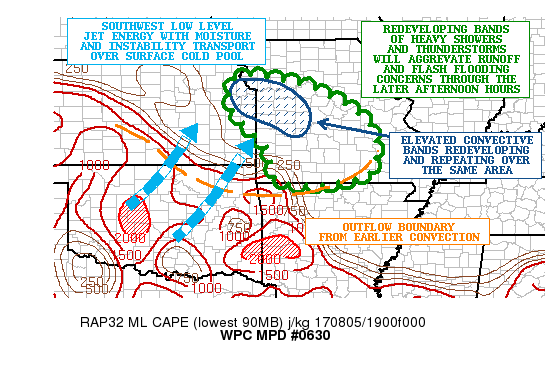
AREAS AFFECTED...FAR EASTERN KS...WEST-CENTRAL/SOUTHERN MO

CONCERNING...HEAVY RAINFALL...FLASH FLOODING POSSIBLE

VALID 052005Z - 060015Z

SUMMARY...REDEVELOPING SHOWERS AND THUNDERSTORMS ARE EXPECTED OVER
AREAS THAT HAVE ALL READY SEEN HEAVY RAINFALL TODAY. THIS IS
EXPECTED TO RESULT IN ADDITIONAL FLASH FLOODING GIVEN THE LOCALLY
SATURATED SOIL CONDITIONS.

DISCUSSION...THE LATEST RADAR IMAGERY IS SHOWING A REDEVELOPMENT
OF SHOWERS AND THUNDERSTORMS ACROSS PARTS OF FAR EASTERN KS AND
WEST-CENTRAL MO ON THE HEELS OF THE EARLIER MCS THAT DROVE
EAST-SOUTHEAST THIS MORNING THROUGH MIDDAY ACROSS EASTERN KS AND
DOWN INTO SOUTHWEST MO. THE LATEST SURFACE OBSERVATIONS SHOW A
WELL-DEFINED COLD POOL OVER THE REGION...BUT GOES-WV IMAGERY IS
SHOWING THE APPROACH OF AN UPSTREAM SHORTWAVE WHICH IS ENHANCING
THE SOUTHWESTERLY WARM AIR ADVECTION OVER THE COLD POOL...LEADING
TO ISENTROPIC ASCENT. THIS COUPLED WITH A WELL-DEFINED NOSE OF
ELEVATED INSTABILITY AND THE APPROACHING SHORTWAVE DYNAMICS SHOULD
RESULT IN CONVECTION BECOME MORE CONCENTRATED ONCE AGAIN WITH
LOCALLY VERY HEAVY RAINFALL RATES OVER AREAS THAT HAVE ALREADY
LOCALLY SEEN SEVERAL INCHES OF RAIN EARLIER IN THE DAY.

THE LATEST HRRR GUIDANCE SHOWS AND ADDITIONAL 2 TO 4 INCHES
LOCALLY THROUGH 00Z. LATER ON IN THE EVENING A MUCH STRONGER
SOUTHWESTERLY LOW LEVEL JET IS EXPECTED TO DEVELOP WITH AN
ENHANCED MOISTURE/INSTABILITY TRANSPORT REGIME THAT WILL FAVOR A
MORE ORGANIZED CONVECTIVE THREAT. MUCH MORE SIGNIFICANT RAINFALL
IS EXPECTED LATER IN THE EVENING. SO THIS WILL BE A MULTI-ROUND
EVENT THAT IS EXPECTED TO RESULT IN MORE FLASH FLOODING WITH SOME
OF IT LIKELY TO BE SIGNIFICANT GOING INTO THE OVERNIGHT HOURS.